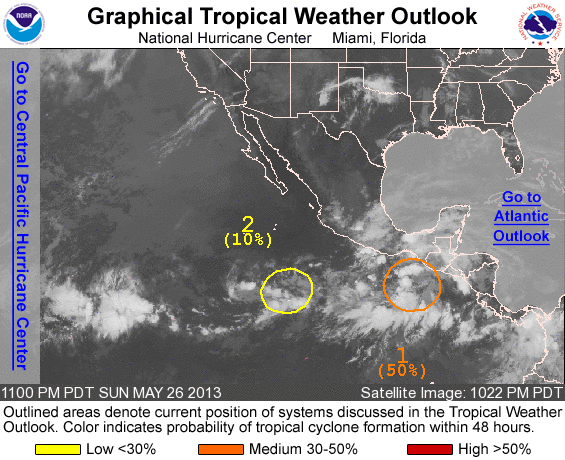
FOR THE EASTERN NORTH PACIFIC...EAST OF 140 DEGREES WEST LONGITUDE..

1. SATELLITE IMAGERY INDICATES THAT THE AREA OF DISTURBED WEATHER SEVERAL HUNDRED MILES SOUTH OF THE GULF OF TEHUANTEPEC CONTINUES TO SHOW SIGNS OF ORGANIZATION. ADDITIONAL SLOW DEVELOPMENT OF THIS SYSTEM IS POSSIBLE DURING THE NEXT COUPLE OF DAYS AS IT MOVES SLOWLY WEST-NORTHWESTWARD OR NORTHWESTWARD...FOLLOWED BY A TURN TOWARD THE NORTH OR NORTHEAST. THIS DISTURBANCE HAS A MEDIUM CHANCE...50 PERCENT...OF BECOMING A TROPICAL CYCLONE DURING THE NEXT 48 HOURS. REGARDLESS OF DEVELOPMENT...HEAVY RAINS ARE LIKELY OVER PORTIONS OF SOUTHERN MEXICO AND WESTERN CENTRAL AMERICA DURING THE NEXT FEW DAYS. THESE RAINS COULD PRODUCE LIFE-THREATENING FLASH FLOODS AND MUD SLIDES.

2. SHOWERS AND THUNDERSTORMS ASSOCIATED WITH A WEAK AREA OF LOW PRESSURE LOCATED ABOUT 600 MILES SOUTHWEST OF MANZANILLO MEXICO REMAIN POORLY ORGANIZED. THIS SYSTEM HAS A LOW CHANCE...10 PERCENT...OF BECOMING A TROPICAL CYCLONE DURING THE NEXT 48 HOURS AS IT MOVES SLOWLY WESTWARD.

ELSEWHERE...TROPICAL CYCLONE FORMATION IS NOT EXPECTED DURING THE NEXT 48 HOURS.

FORECASTER KIMBERLAIN